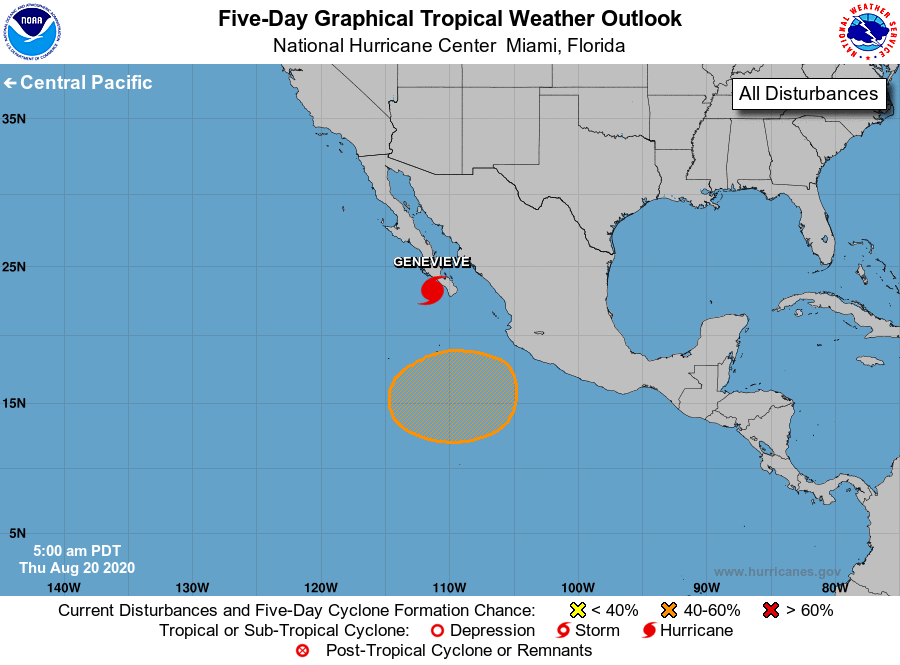
For the eastern North Pacific...east of 140 degrees west longitude:

The National Hurricane Center is issuing advisories on Hurricane Genevieve, located about 55 miles west of the southern tip of the Baja California peninsula.

1. An area of low pressure is expected to form this weekend several hundred miles southwest of the southwestern coast of Mexico. Conditions appear favorable for some slow development of this system, and a tropical depression could form by the middle of next week while it moves little.
* Formation chance through 48 hours...low...near 0 percent.
* Formation chance through 5 days...medium...50 percent.

Forecaster Brown